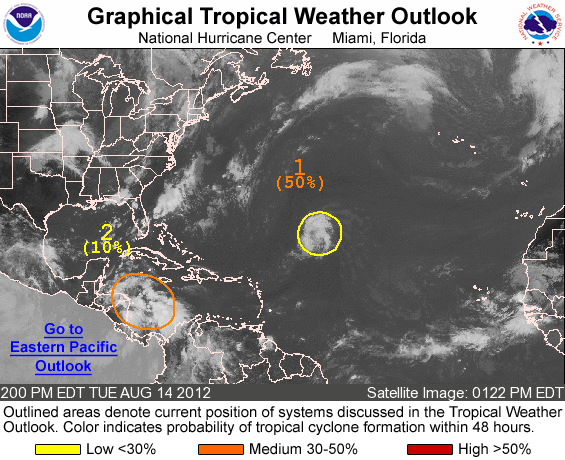
FOR THE NORTH ATLANTIC...CARIBBEAN SEA AND THE GULF OF MEXICO...

1. A TROUGH OF LOW PRESSURE LOCATED OVER THE CENTRAL ATLANTIC ABOUT 900 MILES SOUTHEAST OF BERMUDA IS BECOMING BETTER DEFINED. THUNDERSTORM ACTIVITY IS ALSO SHOWING SIGNS OF ORGANIZATION...AND ENVIRONMENTAL CONDITIONS ARE EXPECTED TO BE CONDUCIVE FOR A TROPICAL DEPRESSION TO FORM OVER THE NEXT COUPLE OF DAYS. THIS SYSTEM HAS A MEDIUM CHANCE...50 PERCENT...OF BECOMING A TROPICAL CYCLONE DURING THE NEXT 48 HOURS AS IT MOVES WEST-NORTHWESTWARD TO NORTHWESTWARD AT ABOUT 15 MPH.

2. A TROPICAL WAVE...THE REMNANTS OF TROPICAL DEPRESSION SEVEN... IS MOVING ONSHORE THE COASTS OF NICARAGUA AND NORTHEASTERN HONDURAS. ALTHOUGH SHOWERS AND THUNDERSTORMS HAVE INCREASED OVER THE WEST-CENTRAL CARIBBEAN SEA...REGENERATION OF THIS DISTURBANCE INTO A TROPICAL CYCLONE IS UNLIKELY DUE TO INTERACTION WITH THE LAND MASSES OF CENTRAL AMERICA OVER THE NEXT FEW DAYS. THIS SYSTEM HAS A LOW CHANCE...10 PERCENT...OF BECOMING A TROPICAL CYCLONE AGAIN DURING THE NEXT 48 HOURS. HEAVY RAINS AND GUSTY WINDS WILL BE POSSIBLE ACROSS PORTIONS OF CENTRAL AMERICA TODAY AND WEDNESDAY AS THE WAVE MOVES WESTWARD AT 15 TO 20 MPH.

ELSEWHERE...TROPICAL CYCLONE FORMATION IS NOT EXPECTED DURING THE NEXT 48 HOURS.

FORECASTER STEWART